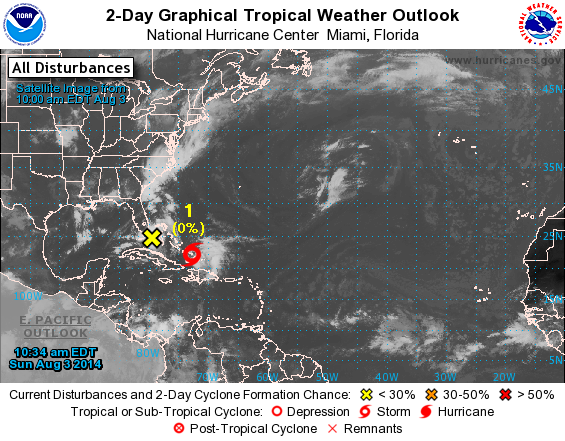
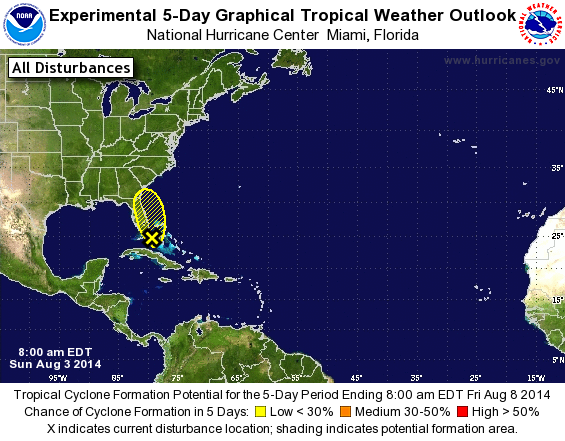
For the North Atlantic...Caribbean Sea and the Gulf of Mexico:

The National Hurricane Center is issuing advisories on Tropical Storm Bertha, located near Grand Turk Island.

1. Disorganized shower and thunderstorm activity located over the Northwestern Bahamas and the Florida peninsula is associated with a weak surface trough moving northward at around 10 mph. This disturbance is showing no signs of organization, and development is not expected.
* Formation chance through 48 hours...low...near 0 percent.
* Formation chance through 5 days...low...near 0 percent.

Forecaster Pasch